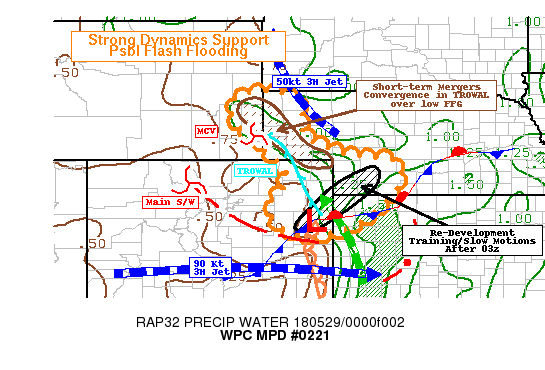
AREAS AFFECTED...NORTHEAST CO...WEST AND SOUTHWEST NEB...EXT
SOUTHEAST WY...EXT NORTHEAST KS

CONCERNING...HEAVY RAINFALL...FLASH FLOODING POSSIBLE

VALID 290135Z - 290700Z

SUMMARY...STRONG DYNAMICS WITH INITIAL MERGERS/SLOW CELLS IN
TROWAL SHIFTING TO NEW DEVELOPMENT AROUND 04Z OVER E CO...BOTH
OVER LOWERED FFG VALUED SUGGESTING FLASH FLOODING POSSIBLE THROUGH
THE OVERNIGHT HOURS.

DISCUSSION...GOES-16 WV SUITE SHOWS A HIGHLY DYNAMIC SETUP ACROSS
THE CENTRAL HIGH PLAINS...WITH A STRONG 80-90 KT JET STREAK
UNDERCUTTING THE DEEP UPPER LOW WITH A SHORTWAVE ALONG THE
SOUTHEAST PERIPHERY AND A SHARP TROF EXTENDING SOUTHEAST ACROSS
THE LAKE/PALMER DIVIDE.  UPPER LEVEL WINDS ARE RESPONDING BY
ROUNDING THE TROF AND INCREASING OUTFLOW ACROSS THE DISCUSSION
AREA WITH EXCELLENT DIFFLUENCE.  UVVS ARE ALSO DRIVEN BY STRONG
DPVA ASCENT AND STRENGTHENING LLJ TO ACCELERATE FROM THE THE WARM
SECTOR AND THROUGH THE LINEAR MCS ACROSS W KS.  RECENT SURFACE
ANALYSIS ALSO SUGGESTS DUE TO SURFACE PRESSURE FALLS TO RETROGRADE
THE SURFACE DRYLINE BACK INTO EASTERN CO...WHILE THE SURFACE FRONT
BECOME STATIONARY OVER NE CO TO NW KS.  AS SUCH A NARROW WINDOW
EXISTS FROM EXTREME E WY NEAR THE MCV/SHORTWAVE PIVOT POINT
SOUTHEASTWARD INTO NE CO/SW NEB ALONG THE TROWAL AXIS...WILL ALLOW
FOR MASS CONVERGENCE OF THUNDERSTORMS SUPPORTING MERGERS AND
SLOWING OF CELLS.  WHILE BEST INSTABILITY IS SE INTO
KS...1500-2000 J/KG MUCAPES RESIDE TO SUPPORT STRONG INSTABILITY
FOR FURTHER UPDRAFT STRENGTH AND MST CONVERGENCE.  RECENT GPS
NETWORK AND GOES-W SOUNDER SUGGEST INCREASED OVERALL MOISTURE
VALUES WITH TPWS AT 1.1".  WITH STRONG ASCENT AND FLUX...RAIN
RATES UP TO 1.5"/HR ARE POSSIBLE AND POTENTIALLY HIGHER WITH
MERGING UPDRAFTS.  THE TROWAL/AXIS OF THESE MERGERS WILL BE ALSO
COLLOCATED WITH THE LOWER REGIONAL FFG VALUES IN THE I-80 AND
NORTHEAST I-76 CORRIDORS SUGGESTING CONTINUED POSSIBILITY FOR
FLASH FLOODING IN THE NEXT 1-3 HOURS.

TOWARD 04Z...AS THE LINEAR MCS BEGINS TO FURTHER OUTRUN THE LOW
LEVEL BOUNDARIES AND OUTFLOW BOUNDARY ASCENT WEAKENS SLIGHTLY AND
THE CORE OF THE JET STREAK REACHES THE APEX OF THE TROF PROVIDING
GREATEST ASCENT...THE DRY LINE COLD FRONT/DRY LINE INTERSECTION
WILL START TO DROP SOUTH WITH THE TRAILING EDGE OF THE CONVECTIVE
LINE RE-ACTIVATING IN A NE TO SW MANNER. CELLS MAY INITIALLY LIFT
NORTHEAST SUPPORTING SOME TRAINING ACROSS NE CO BEFORE BECOMING
COLD POOL/OUTFLOW DOMINANT AND MARCHING EAST...THROUGH AREAS THAT
HAVE LOWERED FFG FROM LAST EVENING AND THIS EVENING'S BOUTS OF
HEAVY RAIN PROVIDING ANOTHER OPPORTUNITY FOR FLASH FLOODING TO
OCCUR.  THIS IS IN LINE WITH RECENT HRRR/HRRRV3 AND RAP MULTIPLE
CONSECUTIVE RUNS AS WELL AS THE 12Z NMMB/NAM CONEST AND MODEST
HREFMEAN PROBABILITY.